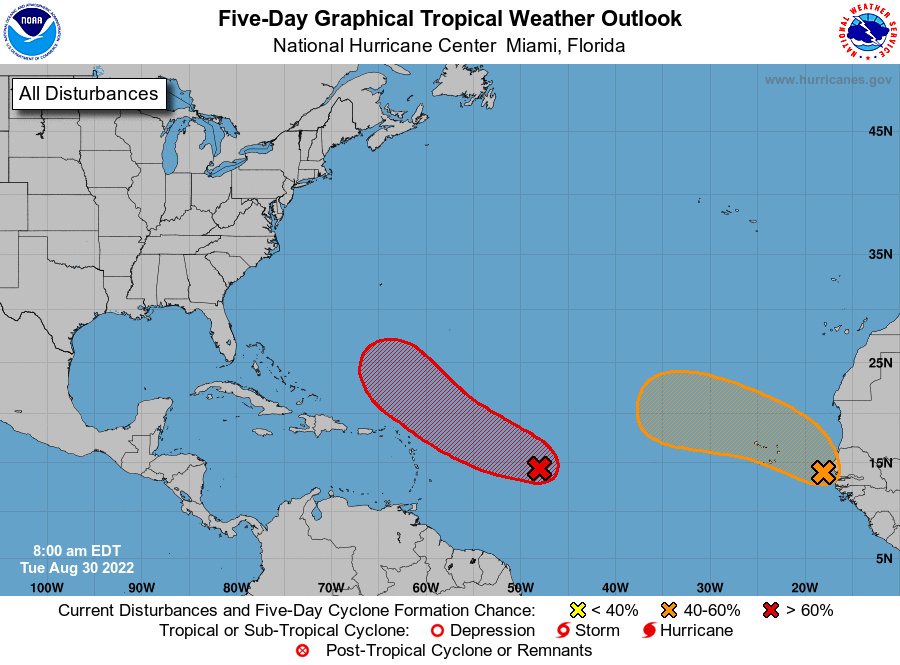
For the North Atlantic...Caribbean Sea and the Gulf of Mexico:

1. Central Tropical Atlantic: A broad and elongated area of low pressure located several hundred miles east of the Lesser Antilles is producing a large area of disorganized showers and thunderstorms. Although environmental conditions are only marginally conducive, some gradual development of this system is expected over the next several days and a tropical depression is likely to form later this week. The disturbance is forecast to move slowly toward the west and then west-northwest at 5 to 10 mph, toward the adjacent waters of the northern Leeward Islands. Additional information on this system can be found in High Seas Forecasts issued by the National Weather Service.
* Formation chance through 48 hours...medium...50 percent.
* Formation chance through 5 days...high...80 percent.

2. Eastern Tropical Atlantic: A tropical wave accompanied by a broad area of low pressure is located just off the west coast of Africa. Some gradual development is possible, and the system could become a short-lived tropical depression over the far eastern Atlantic during the next few days. By late this week, the disturbance is forecast to move over cooler waters and further development is not expected. Regardless of development, the system could bring locally heavy rainfall to portions of the Cabo Verde Islands by Wednesday.
* Formation chance through 48 hours...low...20 percent.
* Formation chance through 5 days...medium...40 percent.

High Seas Forecasts issued by the National Weather Service can be found under AWIPS header NFDHSFAT1, WMO header FZNT01 KWBC, and online at ocean.weather.gov/shtml/NFDHSFAT1.php

Forecaster Reinhart